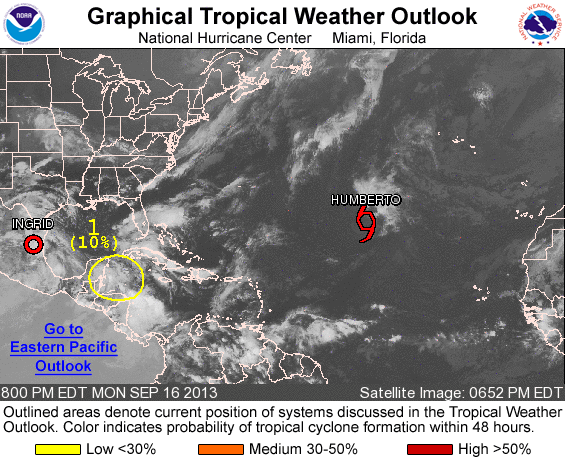
FOR THE NORTH ATLANTIC...CARIBBEAN SEA AND THE GULF OF MEXICO...

THE NATIONAL HURRICANE CENTER IS ISSUING ADVISORIES ON RECENTLY DOWNGRADED TROPICAL DEPRESSION INGRID...LOCATED INLAND WEST OF LA PESCA MEXICO...AND ON TROPICAL STORM HUMBERTO...LOCATED OVER THE EASTERN ATLANTIC WELL TO THE SOUTHWEST OF THE AZORES ISLAND.

1. SURFACE AND UPPER-AIR DATA INDICATE THAT A WEAK AREA OF LOW PRESSURE HAS DEVELOPED OVER THE EASTERN YUCATAN PENINSULA. THIS BROAD DISTURBANCE IS PRODUCING WIDESPREAD CLOUDINESS AND DISORGANIZED SHOWERS AND THUNDERSTORMS OVER MUCH OF THE NORTHWESTERN CARIBBEAN SEA...YUCATAN PENINSULA...AND BELIZE. THIS SYSTEM SHOULD MOVE SLOWLY WESTWARD OR WEST-NORTHWESTWARD ACROSS THE YUCATAN PENINSULA AND INTO THE SOUTHWESTERN GULF OF MEXICO DURING THE NEXT COUPLE OF DAYS WHERE IS HAS A LOW CHANCE...10 PERCENT...OF BECOMING A TROPICAL CYCLONE DURING THE NEXT 48 HOURS. AFTER THAT... ENVIRONMENTAL CONDITIONS ARE FORECAST TO BE MARGINALLY CONDUCIVE FOR SLOW DEVELOPMENT...AND THIS SYSTEM HAS A MEDIUM CHANCE...30 PERCENT...OF BECOMING A TROPICAL CYCLONE DURING THE NEXT 5 DAYS.

FIVE-DAY FORMATION PROBABILITIES ARE EXPERIMENTAL IN 2013. COMMENTS ON THE EXPERIMENTAL FORECASTS CAN BE PROVIDED AT...

HTTP://WWW.NWS.NOAA.GOV/SURVEY/NWS-SURVEY.PHP?CODE=ETWO

FORECASTER STEWART